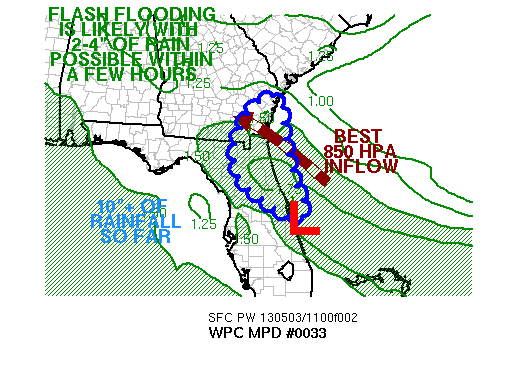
AREAS AFFECTED...NORTHEAST FL AND SOUTHEAST GA

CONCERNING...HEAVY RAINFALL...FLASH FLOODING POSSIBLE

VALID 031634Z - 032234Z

SUMMARY...A LOW PRESSURE AREA OFFSHORE DAYTONA BEACH COULD MOVE
INLAND INTO NORTHEAST FLORIDA OVER THE NEXT SEVERAL HOURS, LEADING
TO FLASH FLOODING ACROSS THE REGION.

DISCUSSION....SIGNIFICANT DIVERGENCE ALOFT CONTINUES TO EXIST
ACROSS NORTHEAST FL AND THE ADJACENT SUBTROPICAL ATLANTIC, AND IS
EXPANDING NORTHWARD ALONG THE GA COAST.  A SURFACE LOW PRESSURE
SYSTEM IS CURRENTLY OFFSHORE DAYTONA BEACH HAS SLOWED DOWN ITS
NORTHWARD PROGRESSION, AND MAY MOVE INLAND INTO NORTHEAST FLORIDA
OVER THE NEXT SEVERAL HOURS.  THIS WOULD DRAG RAINFALL RATES OF
4"+ WITHIN THREE HOURS INTO THE SCALLOPED AREA, WHICH WOULD EXCEED
FLASH FLOOD GUIDANCE VALUES (FFGS) ANYWHERE WITHIN THIS REGION.
EVEN IF THE LOW PRESSURE SYSTEM STAYS OFFSHORE, CONVECTION SHOULD
CONTINUE TO MOVE WEST-NORTHWESTWARD INTO COASTAL AREAS OF
NORTHEAST FL OVER THE NEXT SEVERAL HOURS ON THE HEELS OF 55-65
KNOT LOW-LEVEL WINDS, PER OBSERVATIONS FROM THE AIR FORCE WIND
TOWERS AT CAPE CANAVERAL AND THE MESOSCALE GUIDANCE, WHICH ARE
MAINLY DIRECTED TOWARDS THE FL/GA BORDER.  THE MESOSCALE GUIDANCE
IS NOT IMPRESSED WITH THIS RAINFALL BAND AS OF LATE, INDICATING
THAT IT SHOULD BE WEAKENING QUICKLY.  WITH FFGS LOCALLY DOWN BELOW
1.5"/3 HOURS, FLASH FLOODING IS LIKELY ACROSS NORTHEAST FLORIDA.
THE AREA WAS EXTENDED NORTHWARD FROM MPD #31 TO ACCOUNT FOR A NEW
BAND OF SHOWERS AND THUNDERSTORMS WHICH HAS RECENTLY DEVELOPED AND
MOVED INTO THE BRUNSWICK GA AREA, WHERE FFGS ARE LOCALLY DOWN TO
2.5" WITHIN THREE HOURS.